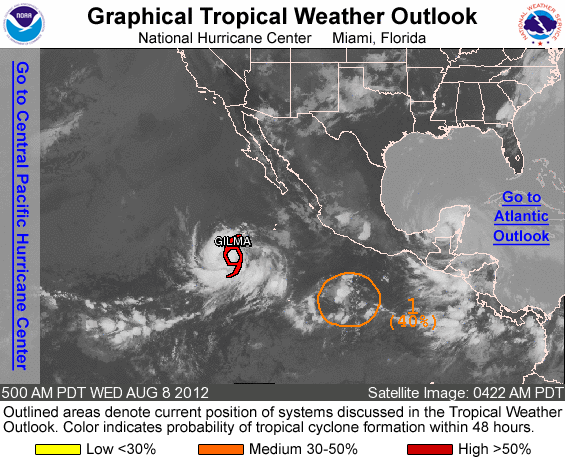
FOR THE EASTERN NORTH PACIFIC...EAST OF 140 DEGREES WEST LONGITUDE..

THE NATIONAL HURRICANE CENTER IS ISSUING ADVISORIES ON TROPICAL STORM GILMA...LOCATED ABOUT 645 MILES SOUTHWEST OF THE SOUTHERN TIP OF BAJA CALIFORNIA.

1. SHOWERS AND THUNDERSTORMS ASSOCIATED WITH AN AREA OF LOW PRESSURE LOCATED ABOUT 450 MILES SOUTH-SOUTHWEST OF ACAPULCO MEXICO HAVE CHANGED LITTLE IN ORGANIZATION DURING THE PAST SEVERAL HOURS. HOWEVER...DEVELOPMENT OF THIS SYSTEM IS POSSIBLE AND IT COULD BECOME A TROPICAL DEPRESSION DURING THE NEXT COUPLE OF DAYS. THIS SYSTEM HAS A MEDIUM CHANCE...40 PERCENT...OF BECOMING A TROPICAL CYCLONE AS IT MOVES LITTLE DURING THE NEXT 48 HOURS.

ELSEWHERE...TROPICAL CYCLONE FORMATION IS NOT EXPECTED DURING THE NEXT 48 HOURS.

FORECASTER BEVEN